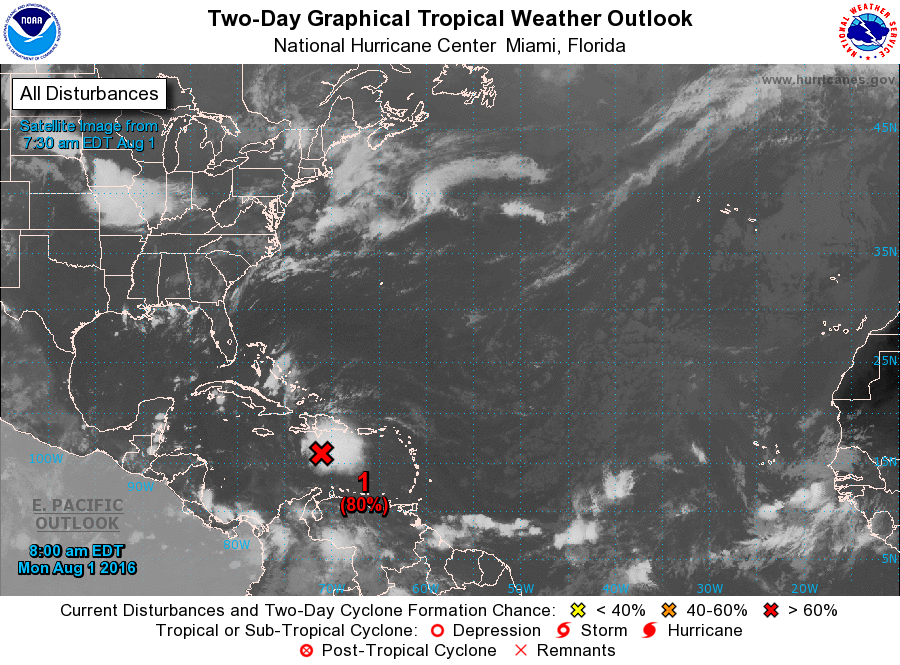
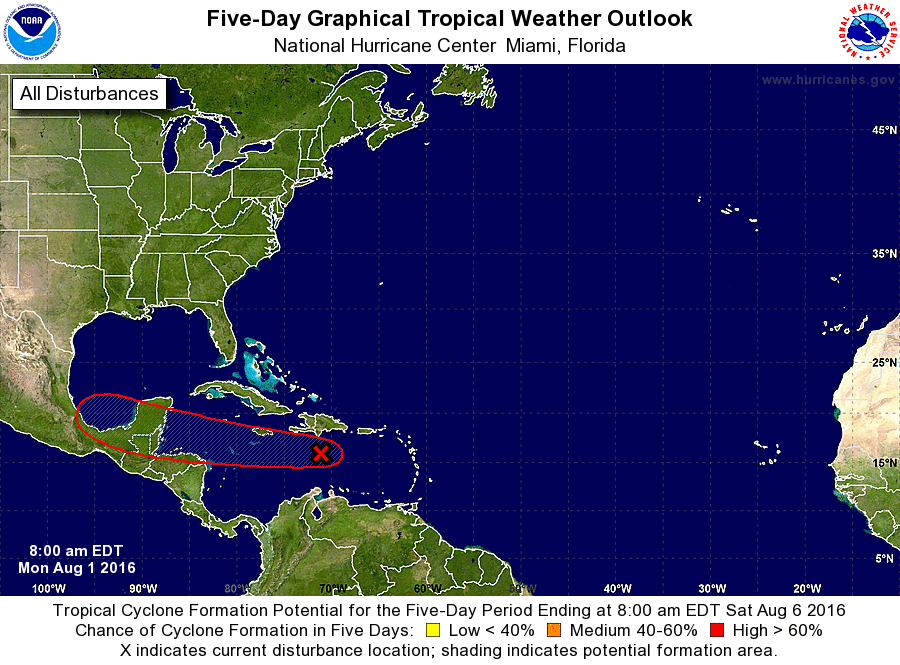
For the North Atlantic...Caribbean Sea and the Gulf of Mexico:

1. Thunderstorm activity associated with a strong tropical wave located over the central Caribbean Sea about 350 miles east-southeast of Kingston, Jamaica, continues to show signs of organization. Earlier satellite wind data indicate that the system is producing winds of 40 to 45 mph, and recent satellite and ship observations suggest that a circulation is gradually becoming better defined. If this development trend continues, a tropical storm is likely to form later today or tonight as the system moves westward over the west-central Caribbean sea at 20 to 25 mph. Regardless of development, locally heavy rainfall and gusty winds, perhaps to tropical storm force, are likely along the southern coast of the Dominican Republic and Haiti today. Tropical storm conditions are likely to occur over Jamaica by this afternoon or evening, and could reach the Cayman Islands overnight. Interests in these areas and elsewhere in the western Caribbean Sea should continue to monitor the progress of this disturbance. For additional information on this system, see High Seas Forecasts issued by the National Weather Service.
* Formation chance through 48 hours...high...80 percent
* Formation chance through 5 days...high...90 percent

High Seas Forecasts issued by the National Weather Service can be found under AWIPS header NFDHSFAT1, WMO header FZNT01 KWBC, and on the Web at http://www.opc.ncep.noaa.gov/shtml/NFDHSFAT1.shtml.

Forecaster Brown